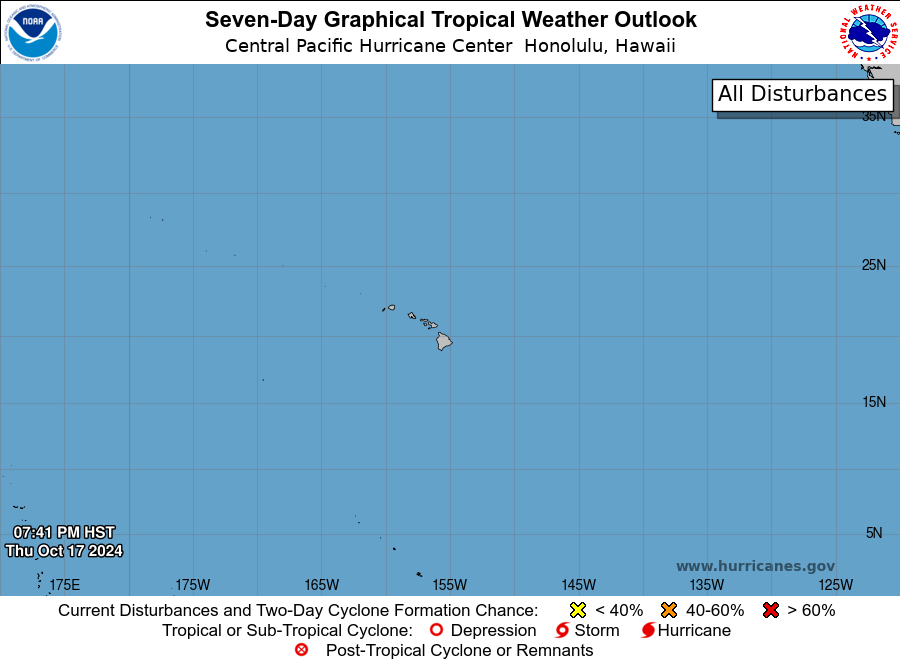
For the central North Pacific...between 140W and 180W:

No tropical cyclones are expected during the next 7 days.

Forecaster Gibbs